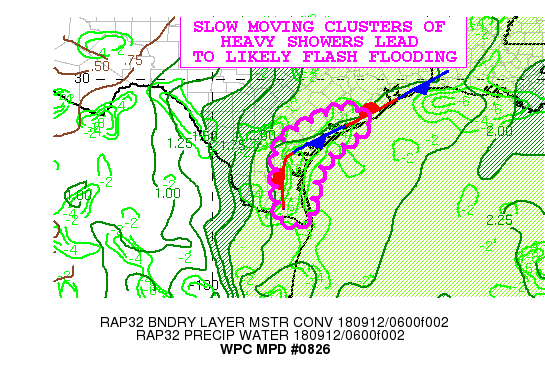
Areas affected......Coastal Southeast Texas...

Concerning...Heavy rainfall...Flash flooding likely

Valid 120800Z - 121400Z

Summary...Showers and thunderstorms continue over south Texas in
the vicinity of a low level stationary front.  Slow cell motion
leads to scattered areas of 2-5 inch rainfall amounts, with flash
flooding likely in areas where it has been raining heavily.

Discussion...An upper level trough is in place across south Texas.
 Showers and storms have developed near the boundary layer
moisture convergence and remnant surface front and associated
frontogenesis maxima depicted in the 06z RAP analysis and series
of forecasts into this morning.  The models show slow movement of
the upper trough to the east, continuing the threat through the
early morning hours.

The 00z Corpus Christi sounding shows a warm advection profile
with an impressive 2.3 inch precipitable water.  Light winds from
the SFC to 700 mb of generally under 15 kt lead to slow cell
motions.

The RAP shows boundary layer moisture convergence drifting west,
with the NAM and NSSL WRF showing redevelopment along the coast,
along with coastal convergence as the modest 15 kt inflow
persists.

Heavier rainfall rates are a result of the
anomalous moisture and areas of combined upper divergence/low
level convergence, including along the remnant frontal boundary.

High-res guidance shows a signal for 2-5" of rainfall across the
threat area, including the NCEP high res windows as well as the
Canadian regional GEM and 00z NSSL WRF. 3-hr FFG guidance in south
Texas is variable with a stripe near 2 inches in 3 hours, which
appears to be likely given initial slow cell motions and high
available moisture to tap.